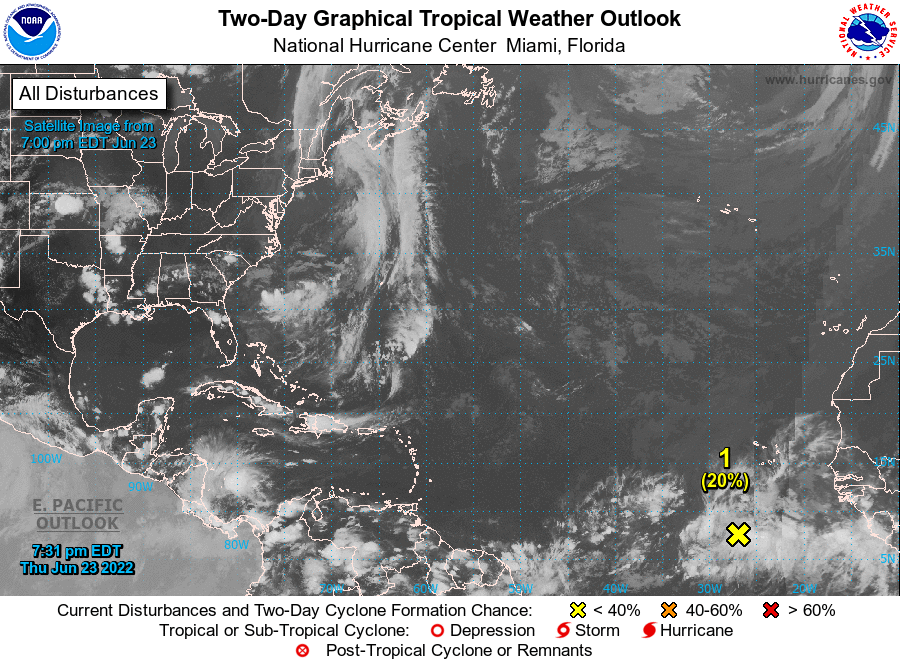
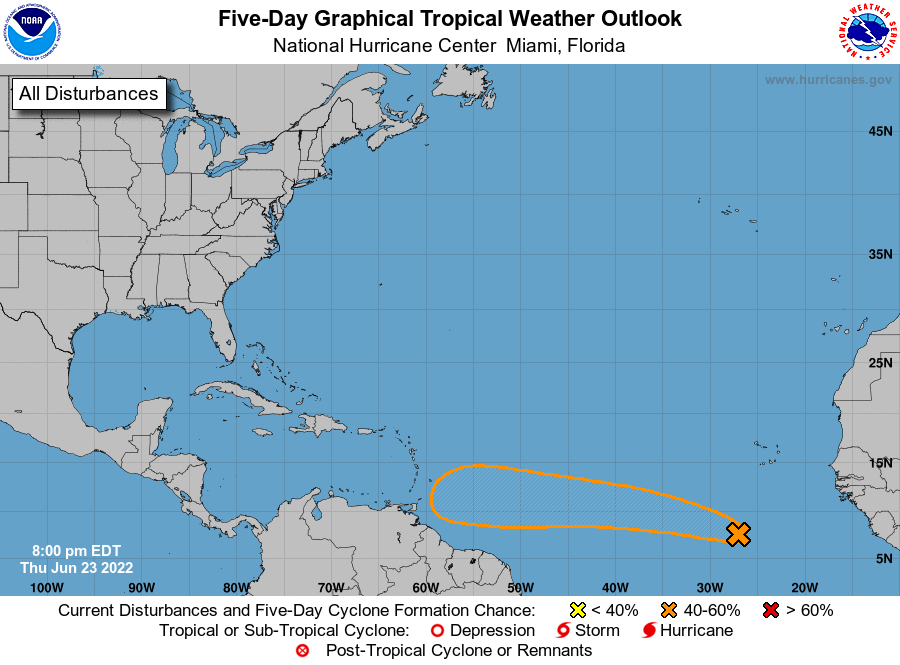
For the North Atlantic...Caribbean Sea and the Gulf of Mexico:

1. Tropical Atlantic: A tropical wave located over the eastern tropical Atlantic continues to produce disorganized showers and thunderstorms. This activity has become a bit more concentrated this evening, and environmental conditions appear conducive for additional development over the next few days. A tropical depression could form by early next week as this system moves westward at around 15 mph over the tropical Atlantic.
* Formation chance through 48 hours...low...20 percent.
* Formation chance through 5 days...medium...40 percent.

Forecaster Papin